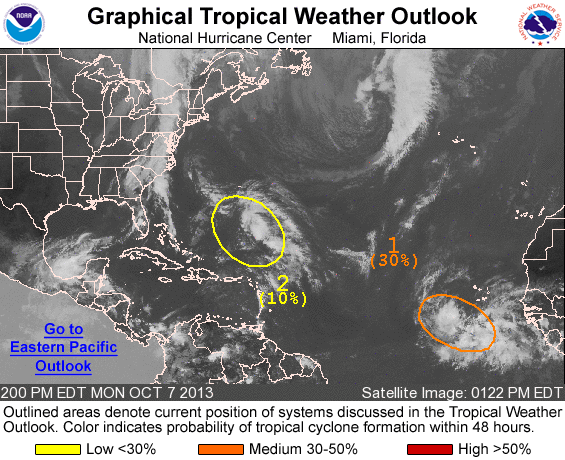
FOR THE NORTH ATLANTIC...CARIBBEAN SEA AND THE GULF OF MEXICO...

1. A LARGE AREA OF DISTURBED WEATHER IS LOCATED WELL TO THE SOUTH AND SOUTHWEST OF THE CAPE VERDE ISLANDS. ENVIRONMENTAL CONDITIONS ARE EXPECTED TO BE FAVORABLE FOR GRADUAL DEVELOPMENT OF THIS SYSTEM DURING THE NEXT COUPLE OF DAYS...AND THIS SYSTEM HAS A MEDIUM CHANCE...30 PERCENT...OF BECOMING A TROPICAL CYCLONE DURING THE NEXT 48 HOURS. UPPER-LEVEL WINDS ARE FORECAST TO BECOME LESS CONDUCIVE FOR DEVELOPMENT LATER THIS WEEK...AND THIS SYSTEM HAS A MEDIUM CHANCE...40 PERCENT...OF BECOMING A TROPICAL CYCLONE DURING THE NEXT 5 DAYS WHILE IT MOVES WEST-NORTHWESTWARD AT ABOUT 5 TO 10 MPH.

2. A WEAK LOW PRESSURE AREA LOCATED ABOUT MIDWAY BETWEEN PUERTO RICO AND BERMUDA IS MOVING SLOWLY NORTHWARD. SHOWERS AND THUNDERSTORMS ASSOCIATED WITH THE LOW REMAIN DISORGANIZED...AND ENVIRONMENTAL CONDITIONS ARE UNFAVORABLE FOR SIGNIFICANT DEVELOPMENT OF THIS SYSTEM DURING THE NEXT SEVERAL DAYS. THIS SYSTEM HAS A LOW CHANCE...10 PERCENT...OF BECOMING A TROPICAL OR SUBTROPICAL CYCLONE DURING THE NEXT 48 HOURS...AND A LOW CHANCE...10 PERCENT...OF BECOMING A TROPICAL OR SUBTROPICAL CYCLONE DURING THE NEXT FIVE DAYS.

FIVE-DAY FORMATION PROBABILITIES ARE EXPERIMENTAL IN 2013. COMMENTS ON THE EXPERIMENTAL FORECASTS CAN BE PROVIDED AT...

HTTP://WWW.NWS.NOAA.GOV/SURVEY/NWS-SURVEY.PHP?CODE=ETWO

FORECASTER BROWN